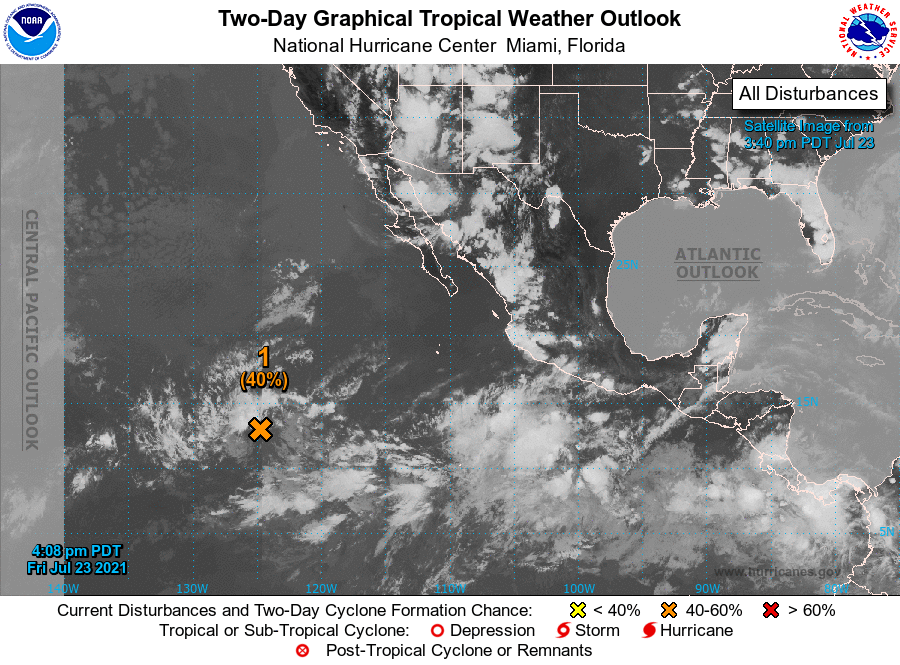
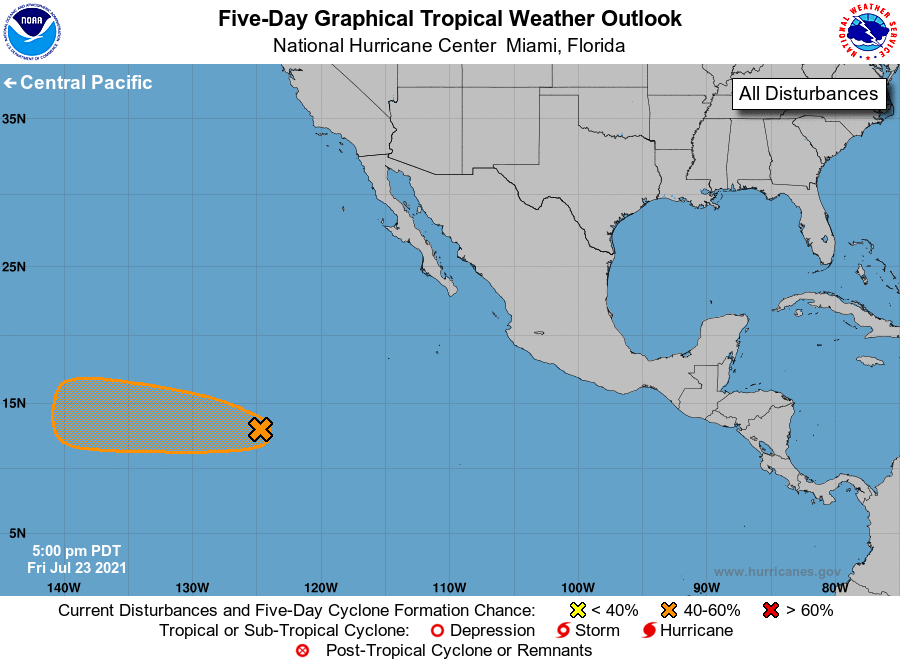
For the eastern North Pacific...east of 140 degrees west longitude:

1. A broad area of low pressure located about 1300 miles southwest of the southern tip of the Baja California peninsula continues to produce disorganized showers and thunderstorms. Environmental conditions are generally conducive for additional development, and this system could become a tropical depression this weekend or early next week before it reaches cooler waters while moving westward to west-northwestward at 10-15 mph.
* Formation chance through 48 hours...medium...40 percent.
* Formation chance through 5 days...medium...50 percent.

Forecaster Blake